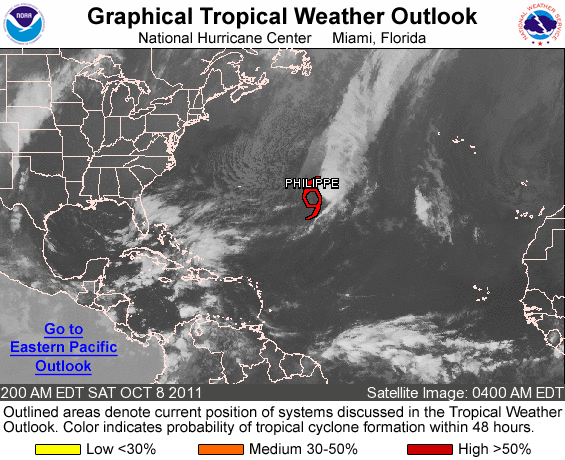
FOR THE NORTH ATLANTIC...CARIBBEAN SEA AND THE GULF OF MEXICO...

THE NATIONAL HURRICANE CENTER IS ISSUING ADVISORIES ON TROPICAL STORM PHILIPPE...LOCATED ABOUT 725 MILES EAST OF BERMUDA.

ELSEWHERE...TROPICAL CYCLONE FORMATION IS NOT EXPECTED DURING THE NEXT 48 HOURS.

FORECASTER AVILA